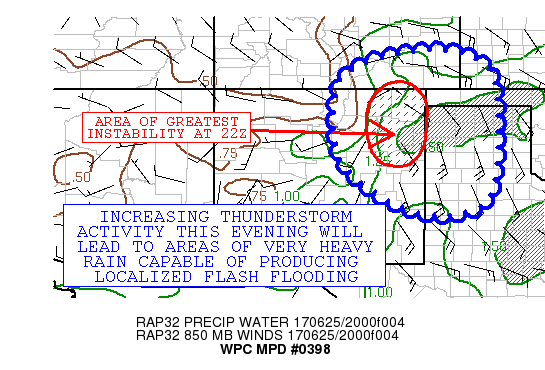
AREAS AFFECTED...NORTHEAST NM...TX AND OK PANHANDLE...SOUTHEAST
CO...SW KANSAS

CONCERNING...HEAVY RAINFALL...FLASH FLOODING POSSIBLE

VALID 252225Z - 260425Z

SUMMARY...SLOW MOVING THUNDERSTORMS CAPABLE OF PRODUCING LOCALIZED
FLASH FLOODING ARE FORECAST TO CONTINUE INCREASING IN COVERAGE
THROUGH THE EVENING HOURS.  HOURLY RAINFALL RATES UP TO 2 INCHES
PER HOUR WITH THE STRONGEST STORMS WILL BE POSSIBLE.

DISCUSSION...MOIST SOUTHEASTERLY UPSLOPE FLOW, WITH 850MB WINDS
AROUND 30 KNOTS,  ACROSS THE WESTERN HIGH PLAINS TOWARDS THE
MOUNTAINS OF CENTRAL AND EASTERN NEW MEXICO WILL ADVECT PWS NEAR
1.5 INCHES PER THE LATEST RAP MODEL FORECAST.  PLENTY OF
INSTABILITY EXISTS EAST OF THE SANGRE DE CRISTO RANGE, WITH
SURFACE BASED CAPE ON THE ORDER OF 2000 TO 3500 J/KG BASED ON THE
SPC MESOANALYSIS.  THERE IS ALSO SOME RIGHT ENTRANCE JET DYNAMICS
IN PLAY TO ENHANCE ASCENT OVER THIS REGION.  CELL MERGERS LATER
THIS EVENING WILL ENHANCE RAINFALL RATES.

IN TERMS OF THE HI-RES GUIDANCE, THE OPERATIONAL HRRR SUGGESTS
SOME 3 INCH AMOUNTS WILL BE POSSIBLE NEAR THE TX/NM BORDER, AND
THE HRRR EXPERIMENTAL HAS SLIGHTER LESS AMOUNTS WITH THE HEAVIEST
AXIS OF RAINFALL FARTHER WEST INTO EASTERN NM.  THE NAM CONEST IS
MORE ROBUST AND SHOWS UP TO 5 INCHES OF RAIN IN ISOLATED AREAS
THROUGH 4Z.  THESE AMOUNTS INDICATED IN THE AFOREMENTIONED
GUIDANCE ARE SUPPORTED BY THE LATEST ARW AND NMMB.